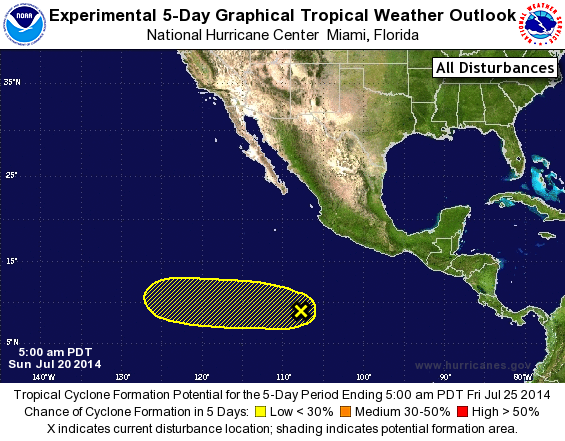
For the eastern North Pacific...east of 140 degrees west longitude:

1. A small area of disturbed weather located about 750 miles south-southwest of Manzanillo, Mexico, is producing disorganized shower and thunderstorm activity. Any development of this system is expected to be slow to occur over the next several days while it moves westward or west-northwestward at 10 to 15 mph.
* Formation chance through 48 hours...low...10 percent.
* Formation chance through 5 days...low...20 percent.

Forecaster Brennan